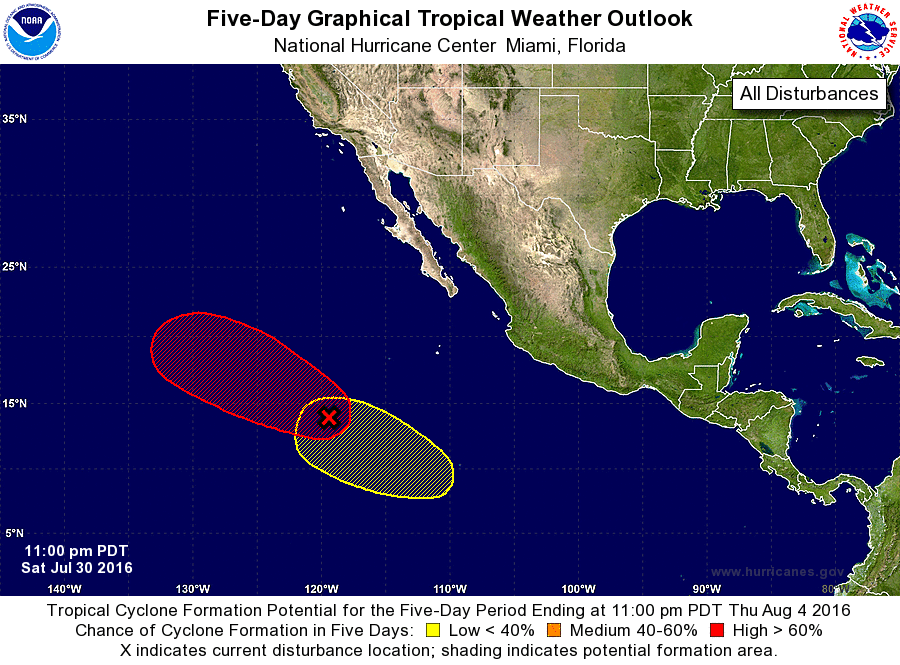
For the eastern North Pacific...east of 140 degrees west longitude:

1. Showers and thunderstorms associated with a low pressure system centered about 850 miles southwest of the southern tip of the Baja California peninsula continue to increase in organization. Environmental conditions are conducive for development, and a tropical depression is likely to form by late Sunday or early Monday while the low moves toward the west-northwest at 10 to 15 mph.
* Formation chance through 48 hours...high...80 percent
* Formation chance through 5 days...high...90 percent

2. A trough of low pressure is expected to form in a couple of days several hundred miles south of Mexico. Some development of this system is possible by the middle of next week while it moves west-northwestward away from the coast of Mexico.
* Formation chance through 48 hours...low...near 0 percent
* Formation chance through 5 days...low...30 percent

Forecaster Stewart